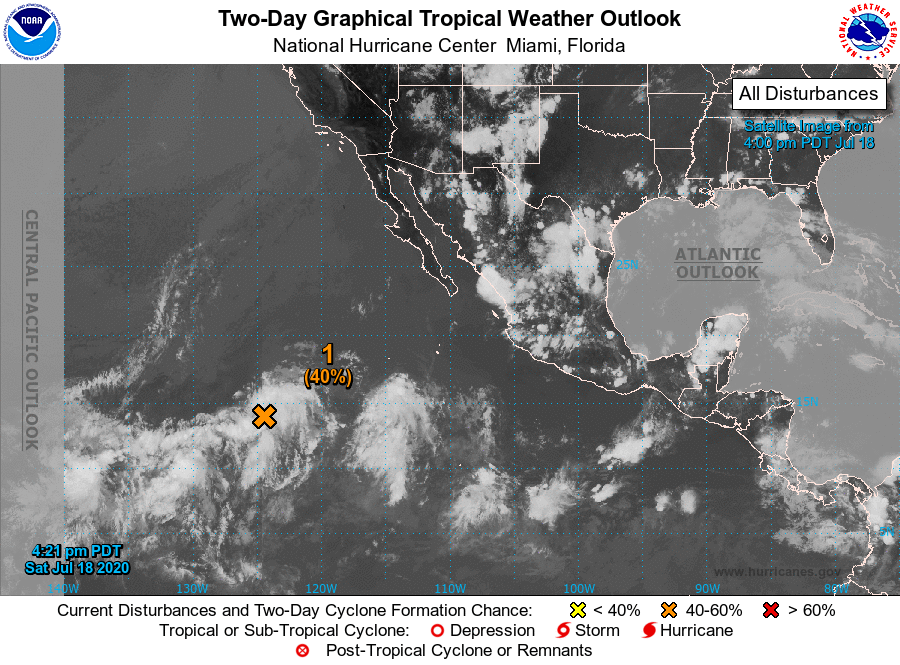
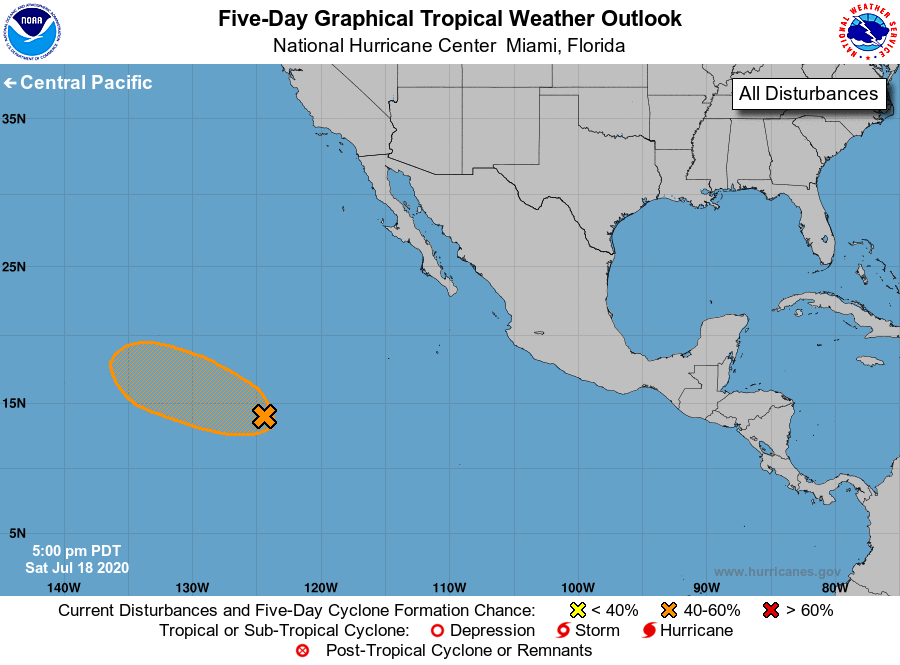
For the eastern North Pacific...east of 140 degrees west longitude:

1. A tropical wave continues to produce an area of showers and thunderstorms located about 1100 miles southwest of the southern tip of the Baja California peninsula. This system is expected to move west-northwestward, and some development is possible late this weekend and early next week before it moves into less favorable environmental conditions.
* Formation chance through 48 hours...medium...40 percent.
* Formation chance through 5 days...medium...50 percent.

Forecaster Pasch